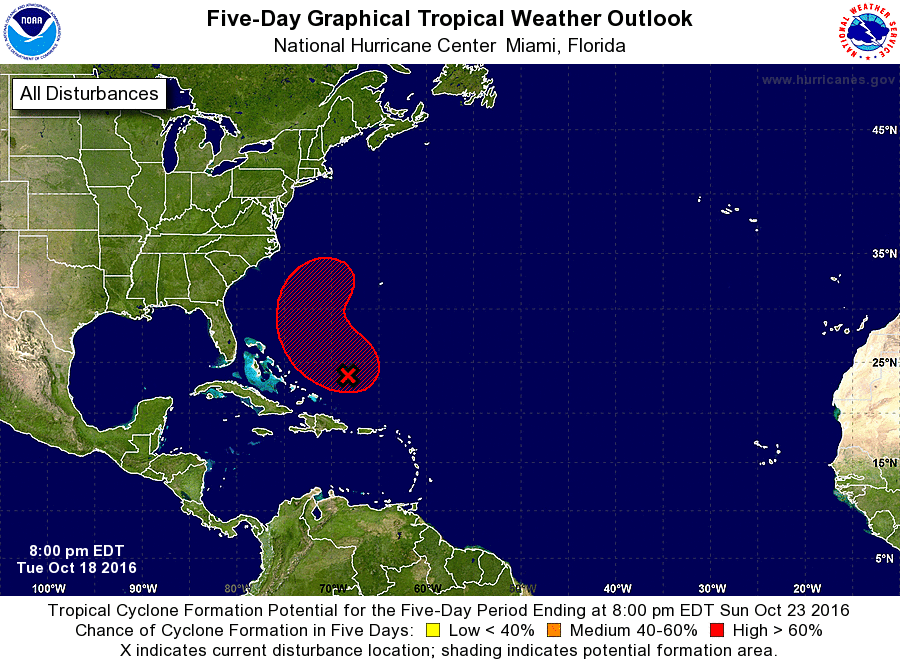
For the North Atlantic...Caribbean Sea and the Gulf of Mexico:

1. A non-tropical low pressure system located about 250 miles northeast of the Turks and Caicos Islands is producing a large area of cloudiness and thunderstorms that extends from near Puerto Rico and the Dominican Republic northeastward over the Atlantic for several hundred miles. Upper-level winds are forecast to become more conducive for this system to acquire some tropical characteristics, and a subtropical or tropical cyclone is likely to form within the next few days. The low is forecast to move northward to north-northwestward on Wednesday and Thursday, before turning north-northeastward and merging with a cold front over the western Atlantic by the weekend. A NOAA Hurricane Hunter aircraft is scheduled to investigate this system tomorrow afternoon, if necessary. Regardless of development, locally heavy rainfall is possible over the Dominican Republic, Puerto Rico, and the U.S. and British Virgin Islands tonight and Wednesday.
* Formation chance through 48 hours...medium...60 percent
* Formation chance through 5 days...high...80 percent

Forecaster Brown